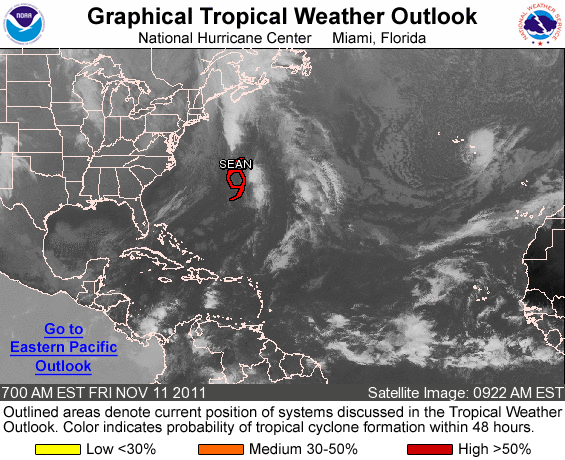
FOR THE NORTH ATLANTIC...CARIBBEAN SEA AND THE GULF OF MEXICO...

THE NATIONAL HURRICANE CENTER IS ISSUING ADVISORIES ON TROPICAL STORM SEAN...LOCATED ABOUT 80 MILES NORTH-NORTHWEST OF BERMUDA.

ELSEWHERE...TROPICAL CYCLONE FORMATION IS NOT EXPECTED DURING THE NEXT 48 HOURS.

FORECASTER STEWART/CANGIALOSI